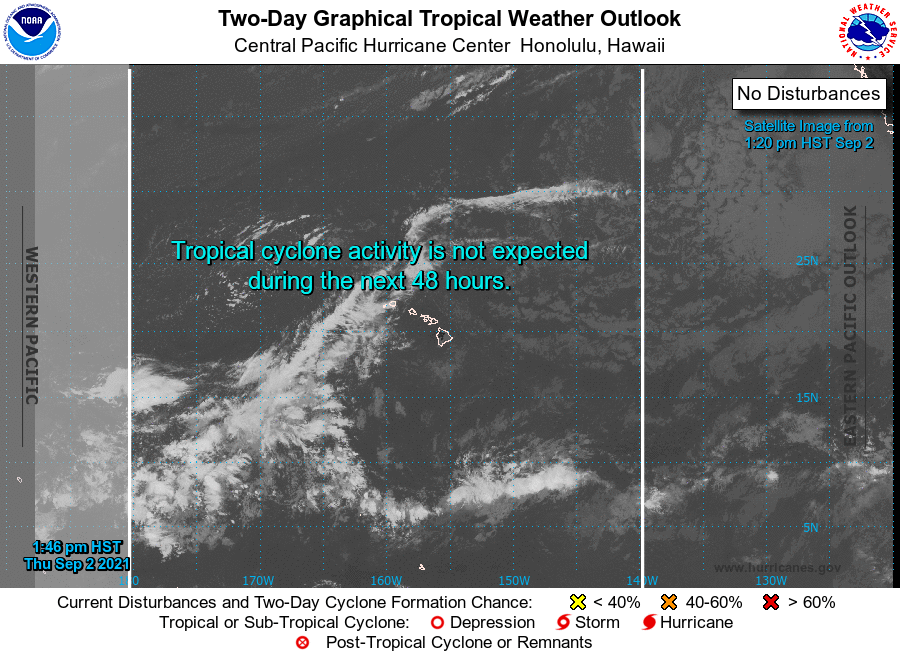
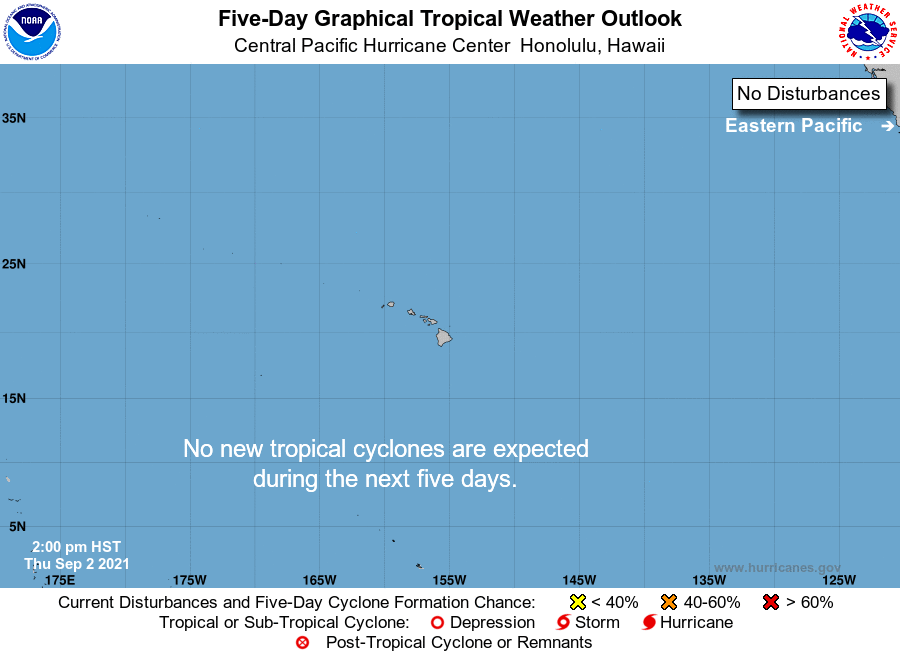
For the central North Pacific...between 140W and 180W:

No tropical cyclones are expected during the next 5 days.

Forecaster Powell